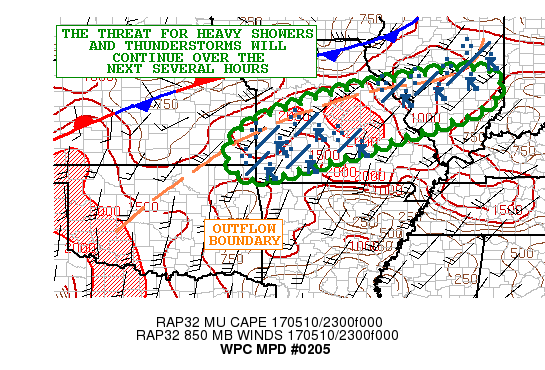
AREAS AFFECTED...EXTREME NORTHEAST OK...EXTREME SOUTHEAST
KS...SOUTHWEST/CENTRAL MO...SOUTHWEST/CENTRAL IL

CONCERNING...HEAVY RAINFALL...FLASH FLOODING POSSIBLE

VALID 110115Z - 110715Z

SUMMARY...SHOWERS AND THUNDERSTORMS MAY INCREASE IN COVERAGE OVER
THE NEXT FEW HOURS. THE MOIST ANTECEDENT SOIL CONDITIONS WILL
ELEVATE THE THREAT FOR SOME FLASH FLOODING.

DISCUSSION...A CLUSTER OF SHOWERS AND THUNDERSTORMS EJECTING
NORTHEAST OUT OF SOUTHEAST KS AND FAR NORTHEAST OK AND INTO
SOUTHWEST MO MAY TEND TO ALSO DEVELOP A BIT FURTHER DOWNWIND ALONG
AN OUTFLOW BOUNDARY THAT EXTENDS INTO SOUTHWEST IL WHERE THE TAIL
END OF ANOTHER BAND OF HEAVY SHOWERS AND THUNDERSTORMS IS NOTED.
THE BROAD WARM ADVECTION PATTERN WHICH IS HELPING TO POOL DEEPER
LAYER MOISTURE AND INSTABILITY ALONG THE OUTFLOW BOUNDARY SHOULD
HELP FACILITATE A RELATIVELY BROAD SW/NE AXIS OF CONVECTION
THROUGH THE LATE-EVENING HOURS ACROSS THE MPD THREAT AREA.

PWATS OF 1.6 TO 1.8 INCHES AND UPWARDS OF 1500 J/KG OF MLCAPE WILL
PROMOTE HEAVY RAINFALL RATES THAT MAY REACH UP TO 2 INCHES/HR
WITHIN SOME OF THE STRONGER CONVECTIVE CORES. THE LAST COUPLE RUNS
OF THE HRRR HAVE BEEN TENDING TO CONCENTRATE CONVECTION A BIT MORE
WITH SOME REPEATING CONVECTIVE CELL POTENTIAL ACROSS AREAS CENTRAL
MO OVER THROUGH SOUTH-CENTRAL IL OVER THE NEXT FEW HOURS. EXPECT
AS MUCH AS 2 TO 4 INCHES OF RAIN TO BE POSSIBLE. ALREADY THE
ANTECEDENT SOIL CONDITIONS ACROSS MUCH OF THE REGION ARE QUITE
MOIST...AND THE ADDITIONAL HEAVY RAINFALL THREAT GOING INTO THE
OVERNIGHT HOURS WILL ELEVATE THE THREAT FOR FLASH FLOODING.